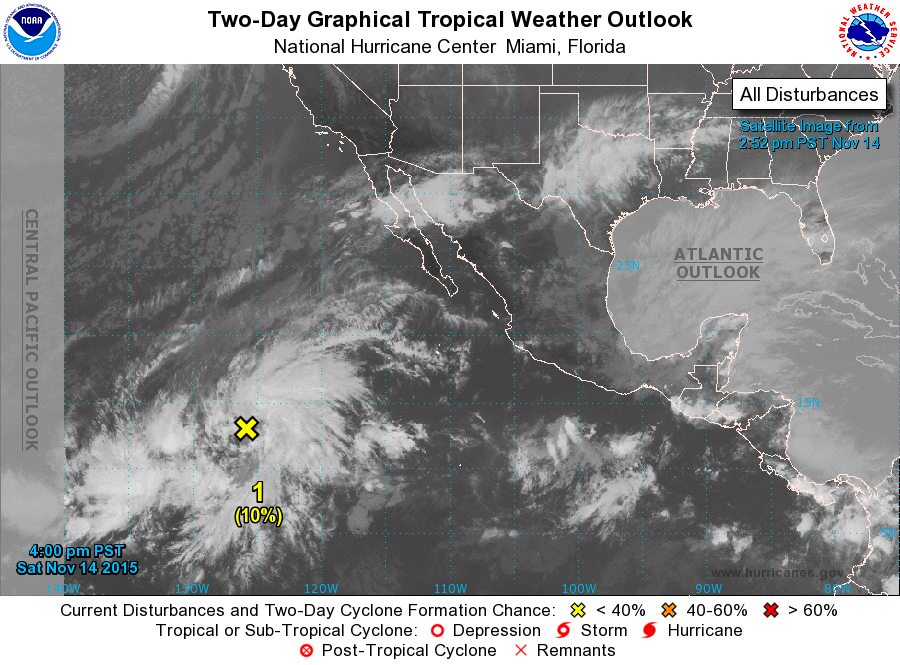
For the eastern North Pacific...east of 140 degrees west longitude:

1. An elongated area of low pressure located about 1300 miles west- southwest of the southern tip of the Baja California peninsula is producing a large area of disorganized cloudiness and shower activity. Upper-level winds are expected to be only marginally conducive for slow development of this system during the next few days while it moves slowly westward to west-northwestward.
* Formation chance through 48 hours...low...10 percent
* Formation chance through 5 days...low...20 percent

Forecaster Brennan